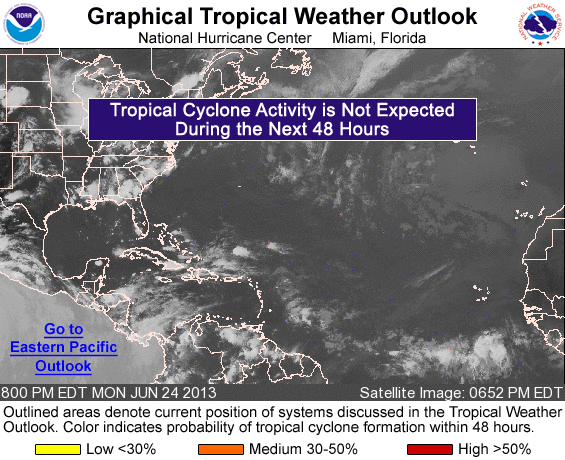
FOR THE NORTH ATLANTIC...CARIBBEAN SEA AND THE GULF OF MEXICO...

TROPICAL CYCLONE FORMATION IS NOT EXPECTED DURING THE NEXT 48 HOURS.

FORECASTER ZELINSKY/PASCH